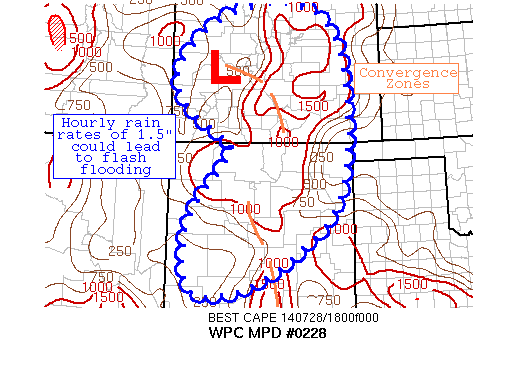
AREAS AFFECTED...PORTIONS OF CO AND NM

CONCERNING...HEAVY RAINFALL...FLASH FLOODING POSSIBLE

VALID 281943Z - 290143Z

SUMMARY...DIURNAL THUNDERSTORM ACTIVITY WITHIN A MOIST ATMOSPHERE
COULD CAUSE FLASH FLOODING OVER SATURATED SOILS.

DISCUSSION...THUNDERSTORMS HAVE BEGUN TO DEVELOP ACROSS THE
TERRAIN OF CO AND NM DUE TO DAYTIME HEATING.  MIXED LAYER CAPES
HAVE EXCEEDED 1000 J/KG IN AN AREA WITH PRECIPITABLE WATER VALUES
~1.25".  A COUPLE CONVERGENCE ZONES COULD BE SEEN IN 19Z SURFACE
OBSERVATIONS ACROSS NM AND CO WHICH COULD FOCUS THUNDERSTORM
ACTIVITY.

BOTH VERSIONS OF THE PROPAGATION VECTORS SUGGEST THERE SHOULD BE
LITTLE CELL MOVEMENT OVER THE NEXT SEVERAL HOURS.  THERE IS A
SIGNAL WITHIN THE 12Z SSEO THREE HOUR FLASH FLOOD GUIDANCE
EXCEEDANCE PROBABILITIES THAT CENTRAL CO TO NORTHEAST NM HAVE A
50-70% CHANCE OF EXCEEDING FLASH FLOOD GUIDANCE, WHICH MAKES SENSE
CONSIDERING THE HEAVY RAIN THAT FELL ACROSS PORTIONS OF CO AND NM
DURING THE PAST DAY.  THE MOISTURE AVAILABLE COULD ALLOW HOURLY
RAIN RATES OF UP TO 1.5".  MESOSCALE QPF OUTPUT SUGGESTS LOCAL
AMOUNTS OF 2-3" ARE POSSIBLE, WHICH WOULD EXCEED FLASH FLOOD
GUIDANCE LOCALLY.